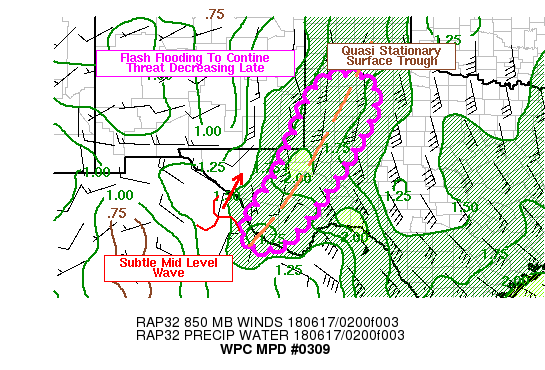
AREAS AFFECTED...WEST TX...SOUTHEAST NM

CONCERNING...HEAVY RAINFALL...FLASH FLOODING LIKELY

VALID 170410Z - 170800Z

SUMMARY...THUNDERSTORMS THAT WERE PRODUCING MODERATE TO HEAVY
RAINFALL REMAIN QUASI STATIONARY OVER PARTS OF WEST TX AND
SOUTHEAST NM.  THE THREAT OF FLASH FLOODING WILL LINGER INTO THE
EARLY MORNING BEFORE RAINFALL RATES TAPER OFF.  EVEN THOUGH RATES
MAY BE TAPERING OFF...ANY ADDITIONAL RAINFALL WILL IMPACT ON-GOING
FLOODING AND RAISE THE POSSIBILITY OF FLASH FLOODING ELSEWHERE.

DISCUSSION...SHOWERS AND THUNDERSTORMS WHICH WERE PRODUCING
LOCALIZED RAINFALL RATES OF AN INCH PER HOUR CONTINUE TO MOVE
NORTHWARD OUT OF MEXICO INTO WEST TX AND FAR SOUTHEAST NM.  GOES
16 SATELLITE IMAGERY SHOWED ADDITIONAL SHORTWAVE ENERGY SOUTH OF
THE INTERNATIONAL BORDER WHICH WAS HELPING PRODUCE MORE RAIN.
SOUTHERLY FLOW IN THE MID AND UPPER LEVELS WILL DRAW THIS
ADDITIONAL RAINFALL IN ROUGHLY THE SAME AREAS WHICH HAVE ALREADY
RECEIVED RAINFALL THROUGHOUT THE DAY AND EVENING.  THIS WILL
CONTINUE TO SUPPORT FLASH FLOODING IN AREAS WHERE FLOODING WAS
OCCURRING AND OPENS THE POSSIBILITY OF FLASH FLOODING ELSEWHERE.

THE HRRR AND RAP BOTH SHOWED THE POTENTIAL FOR LOCALIZED
ADDITIONAL RAINFALL AMOUNTS OF 1 TO 3 INCHES IN CLOSE PROXIMITY TO
THE NEARLY QUASI STATIONARY SURFACE TROUGH.